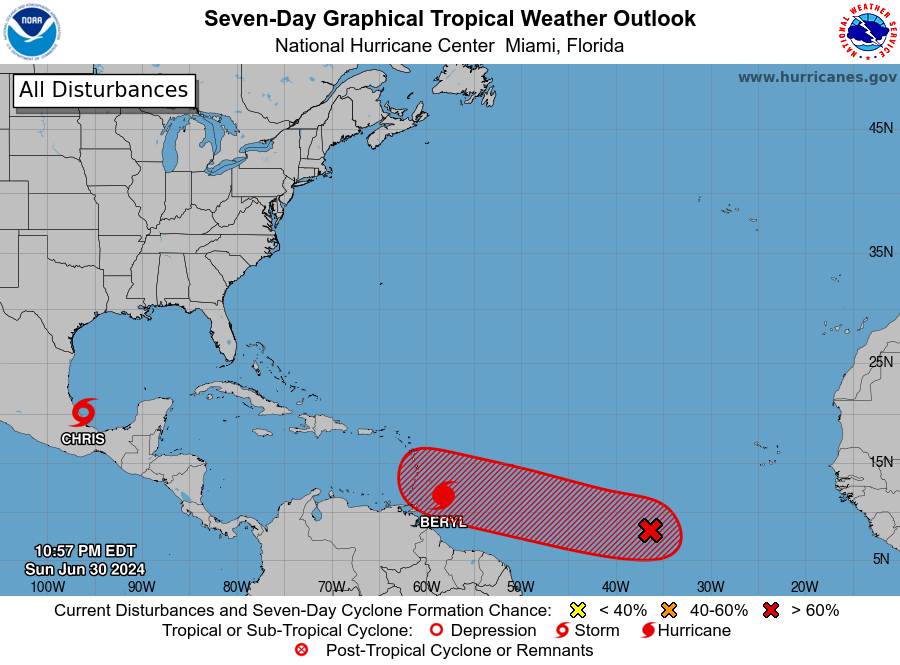
For the North Atlantic...Caribbean Sea and the Gulf of Mexico:

Active Systems: The National Hurricane Center is issuing advisories on Hurricane Beryl, located a couple hundred miles east of the Windward Islands and on newly formed Tropical Depression Three, located over the southwestern Gulf of Mexico.

1. Eastern Tropical Atlantic (AL96): Showers and thunderstorms continue in association with an area of low pressure located several hundred miles southwest of the Cabo Verde Islands. Environmental conditions appear conducive for additional development of this system, and a tropical depression is likely to form by the middle part of this week while it moves generally westward at 15 to 20 mph across the eastern and central tropical Atlantic. Interests in the Lesser Antilles should monitor the progress of this system.
* Formation chance through 48 hours...medium...40 percent.
* Formation chance through 7 days...high...70 percent.

Public Advisories on Tropical Depression Three are issued under WMO header WTNT33 KNHC and under AWIPS header MIATCPAT3. Forecast/Advisories on Tropical Depression Three are issued under WMO header WTNT23 KNHC and under AWIPS header MIATCMAT3.

Forecaster Pasch